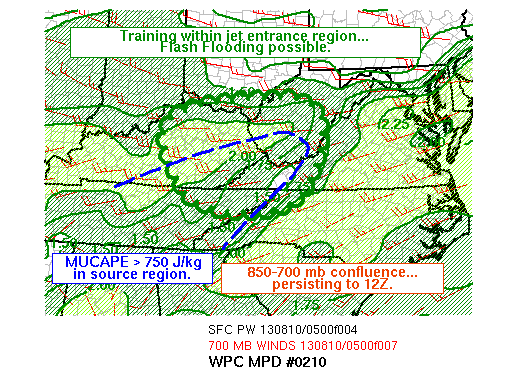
AREAS AFFECTED...WV...EASTERN KY...SOUTHWEST VA...NORTHEAST
TN...SOUTHERN OH

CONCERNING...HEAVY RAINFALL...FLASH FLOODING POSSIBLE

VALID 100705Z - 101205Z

SUMMARY...WEST TO EAST TRAINING OF CELLS WILL YIELD A THREAT OF
FLASH FLOODING THROUGH EARLY MORNING.

DISCUSSION...THIS MORNING WEAK WARM ADVECTION AND CONFLUENCE OF
WINDS IN THE 850-700 MB LAYER WAS SETTING UP OVER THE APPALACHIANS
AND EXTENDING WESTWARD THROUGH PARTS OF OH/KY/TN. THIS WAS
OCCURRING IN THE ENTRANCE REGION OF A FOCUSED 120 KT 250 MB JET.
WITH THE JET LOCATED WELL TO THE NNE...THE CONFLUENCE ZONE WAS
RATHER BROAD IN SCALE...SUGGESTING MULTIPLE WEST-EAST BANDS OF
CONVECTION MAY RESULT. ADD TO THIS THE ORGANIZING INFLUENCE OF A
SHORTWAVE TROUGH BRUSHING ACROSS THE CONFLUENCE ZONE...AND LOW
LEVEL UPSLOPE INTO THE MOUNTAINS...AND THERE IS SUPPORT FOR GENTLE
BUT PERSISTENT ASCENT IN THIS REGION...WHICH THE RAP SUSTAINS
THROUGH AT LEAST 12Z. DURING THAT TIME THE HRRR ALSO PRODUCES A
SIZEABLE SWATH OF MDT/HVY PRECIPITATION.

GIVEN THE HISTORY OF THIS SETUP OVER THE PAST FEW NIGHTS...THERE
IS SOME CONCERN FOR THE POSSIBILITY OF VERY EFFICIENT RAINFALL
RATES AND TRAINING ECHOES...WITH PW VALUES NEAR 2 INCHES AND VERY
WEAK COLD POOL FORMATION. THE CORRIDOR OF GREATEST MID LEVEL
ASCENT PER THE RAP FORECAST IS ACROSS KY/WV...AND AT 0645Z RADAR
ECHOES WERE INCREASING IN THAT CORRIDOR. WHEREVER TRAINING OCCURS
FOR MORE THAN AN HOUR...SOME LOCATIONS COULD SEE THE ROUGHLY 1.5-2
INCHES RAIN NECESSARY TO MEET FLASH FLOOD GUIDANCE IN THIS REGION.